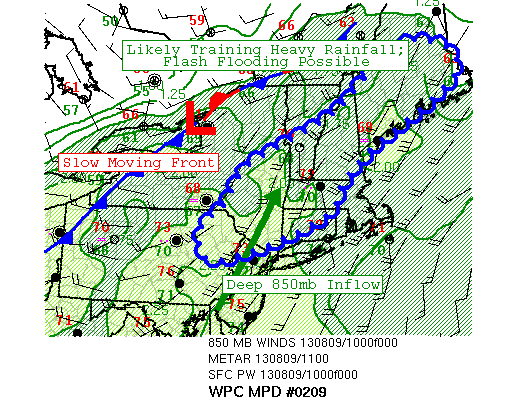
AREAS AFFECTED...INTERIOR NEW ENGLAND

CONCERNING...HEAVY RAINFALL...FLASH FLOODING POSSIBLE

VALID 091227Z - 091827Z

SUMMARY...A SLOW MOVING COLD FRONT INTERACTING WITH DEEP ANOMALOUS
PLUME OF LOW LEVEL MOISTURE WILL PRODUCE SLOW MOVING/TRAINING
HEAVY RAINFALL THROUGH EARLY AFTERNOON.

DISCUSSION...A DEEP PLUME OF LOW LEVEL MOISTURE WITH PWS AVG AOA
2.25 INCHES IS STREAMING NORTH INTO MUCH OF THE NORTHEAST AND NEW
ENGLAND. SATELLITE DERIVED TPWS SUGGEST THIS TROPICAL PLUME
AVERAGING 175 TO OVER 200% ABOVE AVG. THIS IS ALL WELL IN ADVANCE
OF A VERY SLOW MOVING SURFACE COLD FRONT BACK OVER THE EASTERN
GREAT LAKES AND A POTENT SHORT WAVE TROUGH NEAR THE WESTERN GREAT
LAKES. THE TWO FEATURES SHOULD APPROACH THE REGION THIS AFTERNOON
BUT BEFORE THEN... EXPECT ORGANIZED CLUSTERS OF MDT TO HEAVY
RAINFALL TO TRACK SW TO NE FROM NERN PA/NRN NJ INTO ERN MAINE. ALL
OF THE GLOBAL MODELS ALONG WITH HI-RES GUIDANCE SUGGEST RATHER
PARALLEL FLOW FROM THE SURFACE TO 700MB AND LIKELY HIGH RAIN RATES
OF 1-2"/HR FOR POSSIBLE FLASH FLOODING.